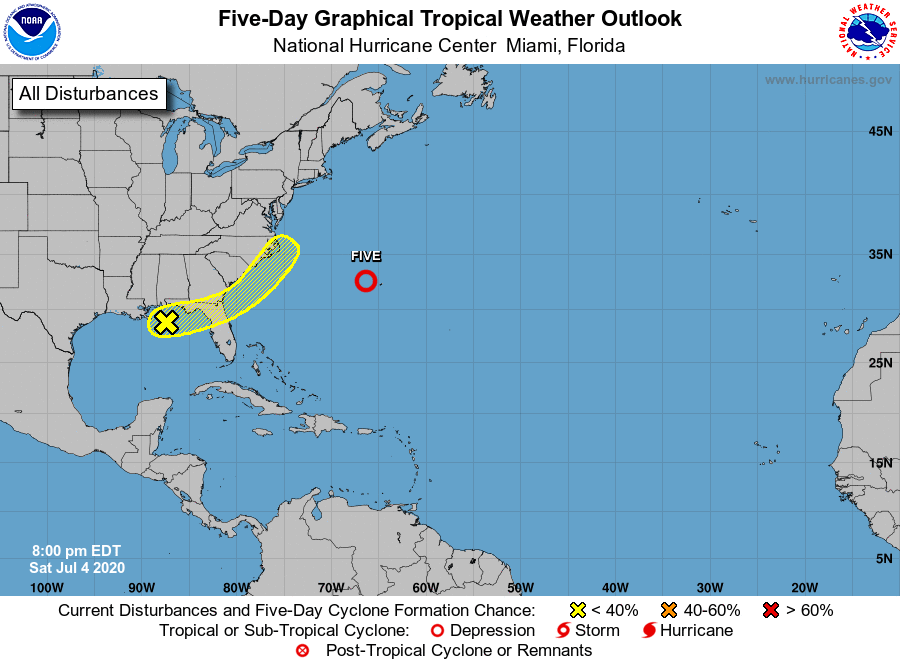
For the North Atlantic...Caribbean Sea and the Gulf of Mexico:

The National Hurricane Center is issuing advisories on Tropical Depression Five, located less than 200 miles west-southwest of Bermuda.

1. Disorganized cloudiness and showers over the far northern Gulf of Mexico are associated with a nearly stationary surface trough. Some slight development of this system is possible before the trough moves onshore along the northeastern Gulf Coast on Monday. The system is then forecast to move northeastward and emerge offshore of the Carolinas on Wednesday, where enviromental conditions are expected to be more conducive for development.
* Formation chance through 48 hours...low...10 percent.
* Formation chance through 5 days...low...20 percent.

Public Advisories on Tropical Depression Five are issued under WMO header WTNT35 KNHC and under AWIPS header MIATCPAT5. Forecast/Advisories on Tropical Depression Five are issued under WMO header WTNT25 KNHC and under AWIPS header MIATCMAT5.

Forecaster Blake